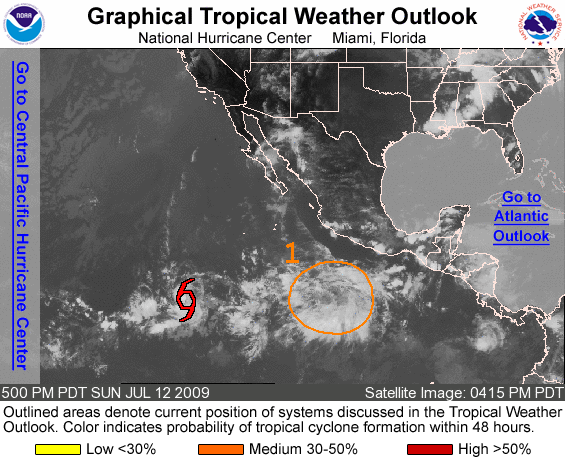
FOR THE EASTERN NORTH PACIFIC...EAST OF 140 DEGREES WEST LONGITUDE..

THE NATIONAL HURRICANE CENTER IS ISSUING ADVISORIES ON TROPICAL STORM CARLOS...LOCATED ABOUT 1175 MILES SOUTHWEST OF THE SOUTHERN TIP OF BAJA CALIFORNIA.

1. A BROAD AREA OF LOW PRESSURE LOCATED SEVERAL HUNDRED MILES SOUTH-SOUTHWEST OF ACAPULCO MEXICO IS PRODUCING A LARGE AREA OF DISORGANIZED SHOWERS AND THUNDERSTORMS. CONDITIONS APPEAR FAVORABLE FOR GRADUAL DEVELOPMENT OF THIS SYSTEM DURING THE NEXT DAY OR TWO AS IT MOVES TO THE WEST OR WEST-NORTHWEST. THERE IS A MEDIUM CHANCE...30 TO 50 PERCENT...OF THIS SYSTEM BECOMING A TROPICAL CYCLONE DURING THE NEXT 48 HOURS.

ELSEWHERE...TROPICAL CYCLONE FORMATION IS NOT EXPECTED DURING THE NEXT 48 HOURS.

FORECASTER BROWN